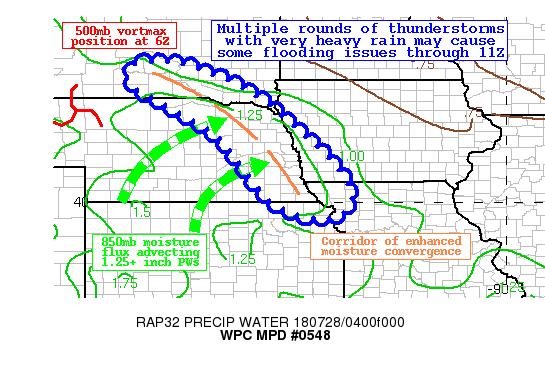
Areas affected...Southeast SD...eastern NE...Southwest
IA...Northwest MO

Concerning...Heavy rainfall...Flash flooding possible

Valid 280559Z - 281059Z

SUMMARY...Convection increasing in coverage may result in some
instances of flash flooding with multiple rounds of thunderstorms
producing very heavy rain likely through 11Z.

DISCUSSION...Regional radars are indicating multiple clusters of
elevated thunderstorms developing along an 850mb front extending
from south-central South Dakota to southeast Nebraska early this
morning.  Although instability over this region is modest with
MUCAPE on the order of 500 to 1000 j/kg, there is enough low level
forcing to support and sustain convection along this elevated
boundary with a steady low level moisture flux advecting 1.25+
inch PWs into this region.  Back-building is likely to occur with
this convection with unidirectional flow noted in the Omaha 00Z
RAOB from 850mb to 200mb.

There is a strong signal in the latest high-res model guidance
suite for a corridor of 1 to 3 inch rainfall amounts along with
good support from recent global model guidance regarding placement
of the QPF axis.  The lowest 3-hr flash flood guidance is over
portions of south-central SD.  Flash flooding is considered
possible in this situation.